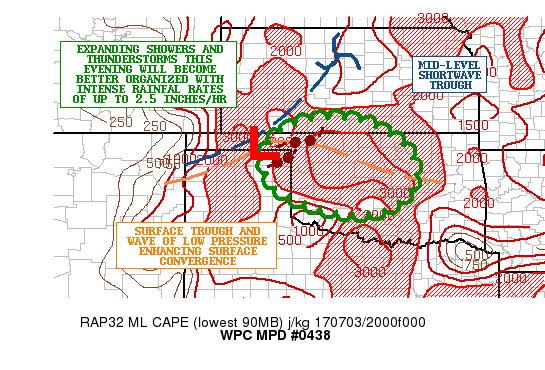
AREAS AFFECTED...TX/OK PANHANDLES...NORTHWEST/CENTRAL OK

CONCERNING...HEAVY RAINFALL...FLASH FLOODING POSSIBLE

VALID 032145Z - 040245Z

SUMMARY...DEVELOPING CLUSTERS OF VERY INTENSE SHOWERS AND
THUNDERSTORMS WILL BECOME A BIT MORE EXPANSIVE AND ORGANIZED
THROUGH THE LATE-AFTERNOON WHILE SHIFTING SOUTHEAST IN TIME GOING
THROUGH THE EVENING HOURS. SOME FLASH FLOODING IS POSSIBLE.

DISCUSSION...VERY IMPRESSIVELY COLD-TOPPED CONVECTION IS IMPACTING
HARPER COUNTY IN NORTHWEST OK...WHICH IS PART OF A GRADUALLY
ORGANIZING AND EXPANDING CLUSTER OF THUNDERSTORMS. THE ACTIVITY IS
DEVELOPING IN A VERY UNSTABLE AIRMASS GIVEN CONTINUED STRONG
DIURNAL HEATING AND ALSO A MOISTENING BOUNDARY LAYER. IN
FACT...THE LATEST MLCAPE VALUES ACROSS AREAS OF NORTHWEST OK ARE
ON THE ORDER OF 3500 TO 4000 J/KG.

SURFACE OBSERVATIONS ARE ALSO SUGGESTING AN AREA OF IMPROVING
SURFACE CONVERGENCE ACROSS THE OK/TX PANHANDLE REGION WITH
PROXIMITY OF A WAVE OF LOW PRESSURE AND ALSO EXTENDING
EAST-SOUTHEAST TOWARD CENTRAL OK ALONG A WEAK SURFACE TROUGH.
ADDITIONAL ASCENT IS ALSO NOTED ON THE LARGE SCALE COURTESY OF A
MID LEVEL SHORTWAVE TROUGH EJECTING OUT ACROSS THE CENTRAL KS AND
EXTENDING SOUTHWEST BACK DOWN ACROSS THE TX PANHANDLE.

GIVEN THE AFOREMENTIONED FACTORS...THE CONVECTION SHOULD TEND TO
GROW UPSCALE OVER THE NEXT SEVERAL HOURS WITH AN ORGANIZATION
FAVORING SLOW-MOVING AND INTENSE THUNDERSTORMS WITH VERY HEAVY
RAINFALL RATES. PWATS ARE NEAR 1.5 INCHES ACROSS THE REGION...BUT
INCREASE ACROSS AREAS FARTHER SOUTHEAST TOWARD CENTRAL OK WHERE
THE CONVECTION IS LIKELY TO PROPAGATE TOWARD LATER IN THE EVENING.

SOME FLASH FLOODING WILL BE POSSIBLE WITH RAINFALL RATES OF 2.5
INCHES/HR AND STORM TOTAL OF 3 TO 6+ INCHES CONSIDERING THE RATHER
SLOW CELL MOTION. WILL CONTINUE TO MONITOR.